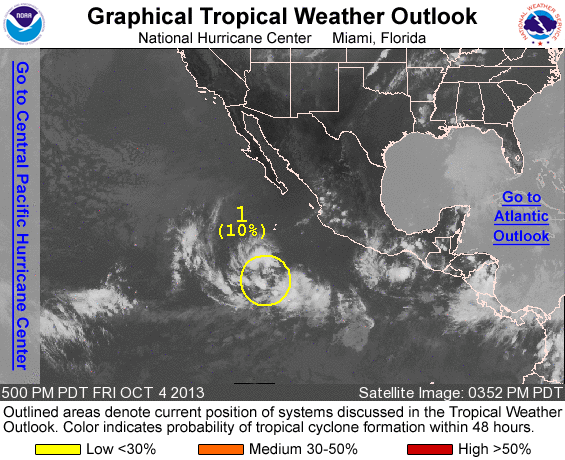
FOR THE EASTERN NORTH PACIFIC...EAST OF 140 DEGREES WEST LONGITUDE..

1. A BROAD AREA OF LOW PRESSURE LOCATED ABOUT 725 MILES SOUTH OF THE SOUTHERN TIP OF THE BAJA CALIFORNIA PENINSULA CONTINUES TO PRODUCE DISORGANIZED SHOWERS AND THUNDERSTORMS. DEVELOPMENT...IF ANY...OF THIS DISTURBANCE SHOULD BE SLOW TO OCCUR DURING THE NEXT SEVERAL DAYS WHILE IT MOVES GENERALLY WESTWARD AT ABOUT 10 MPH. THIS SYSTEM HAS A LOW CHANCE...10 PERCENT...OF BECOMING A TROPICAL CYCLONE DURING THE NEXT 48 HOURS...AND A LOW CHANCE...20 PERCENT... OF BECOMING A TROPICAL CYCLONE DURING THE NEXT 5 DAYS.

FIVE-DAY FORMATION PROBABILITIES ARE EXPERIMENTAL IN 2013. COMMENTS ON THE EXPERIMENTAL FORECASTS CAN BE PROVIDED AT...

HTTP://WWW.NWS.NOAA.GOV/SURVEY/NWS-SURVEY.PHP?CODE=ETWO

FORECASTER LANDSEA